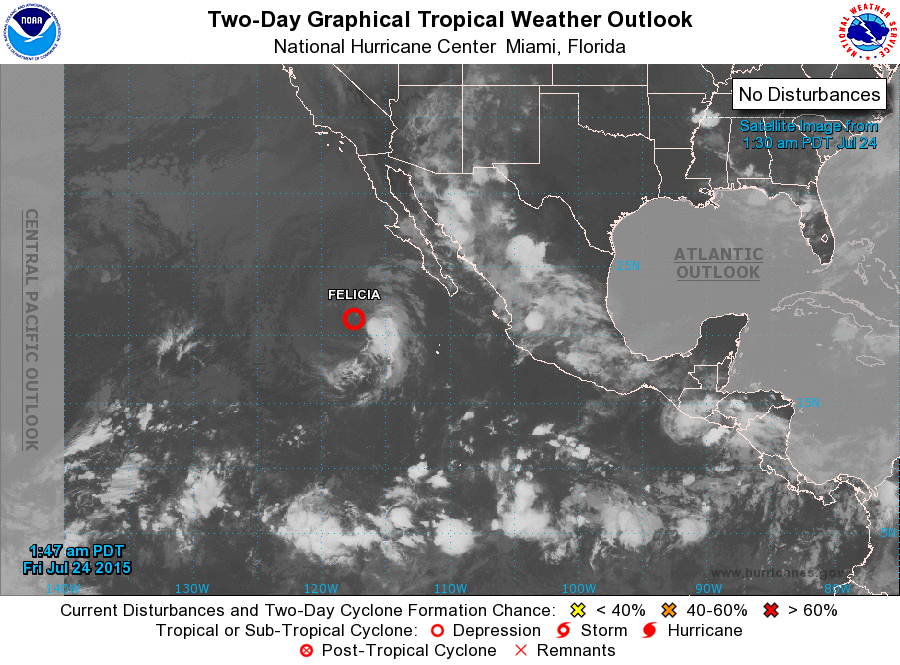
For the eastern North Pacific...east of 140 degrees west longitude:

The National Hurricane Center is issuing advisories on recently downgraded Tropical Depression Felicia, located several hundred miles west-southwest of the southern tip of the Baja California peninsula.

1. An area of low pressure could form well southwest of the southern tip of the Baja California peninsula by early next week. Some slow development of this system is possible thereafter while it moves westward to west-northwestward.
* Formation chance through 48 hours...low...near 0 percent
* Formation chance through 5 days...low...30 percent

Public advisories on Tropical Depression Felicia are issued under WMO header WTPZ32 KNHC and under AWIPS header MIATCPEP2. Forecast/Advisories on Tropical Depression Felicia are issued under WMO header WTPZ22 KNHC and under AWIPS header MIATCMEP2.

Forecaster Beven